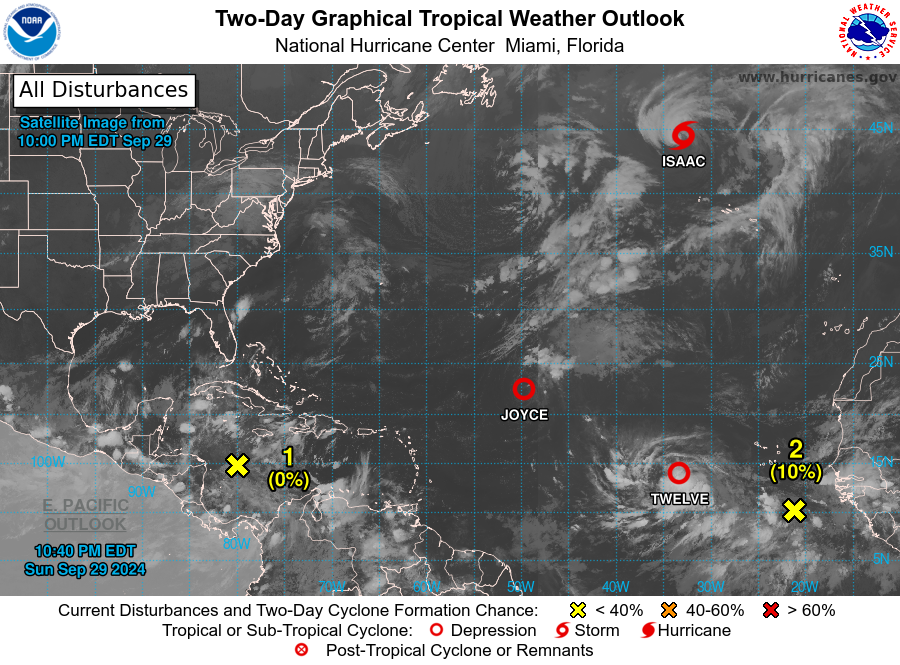
For the North Atlantic...Caribbean Sea and the Gulf of Mexico:

Active Systems: The National Hurricane Center is issuing advisories on Tropical Storm Isaac, located several hundred miles northwest of the Azores, on Tropical Storm Joyce, located over the central Atlantic Ocean, and on newly formed Tropical Depression Twelve, located over the eastern Atlantic Ocean.

1. Western Caribbean Sea and Gulf of Mexico: A broad area of low pressure located over the western Caribbean Sea is producing disorganized showers and thunderstorms. Environmental conditions appear to be conducive for gradual development, and a tropical depression could form around the middle part of this week while the disturbance moves slowly west-northwestward. This system is then expected to move northwestward into the Gulf of Mexico during the latter portion of this week. Interests in the northwestern Caribbean Sea and along the U.S. Gulf Coast should monitor the progress of this system.
* Formation chance through 48 hours...low...near 0 percent.
* Formation chance through 7 days...medium...50 percent.

2. Eastern Tropical Atlantic: A low-latitude tropical wave located a few hundred miles off the west coast of Africa is producing limited shower and thunderstorm activity. Upper-level winds are forecast to become more conducive for gradual development of this system during the next few days, and a tropical depression could form during the middle or latter part of this week while moving slowly westward or west-northwestward over the eastern tropical Atlantic.
* Formation chance through 48 hours...low...10 percent.
* Formation chance through 7 days...medium...50 percent.

Public Advisories on Tropical Depression Twelve are issued under WMO header WTNT32 KNHC and under AWIPS header MIATCPAT2. Forecast/Advisories on Tropical Depression Twelve are issued under WMO header WTNT22 KNHC and under AWIPS header MIATCMAT2.

Forecaster Reinhart